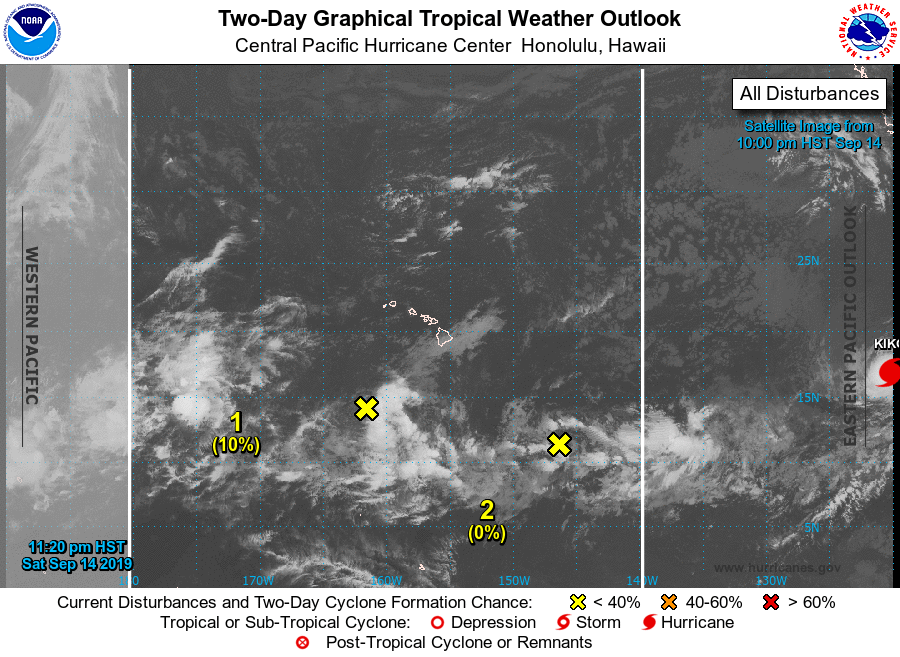
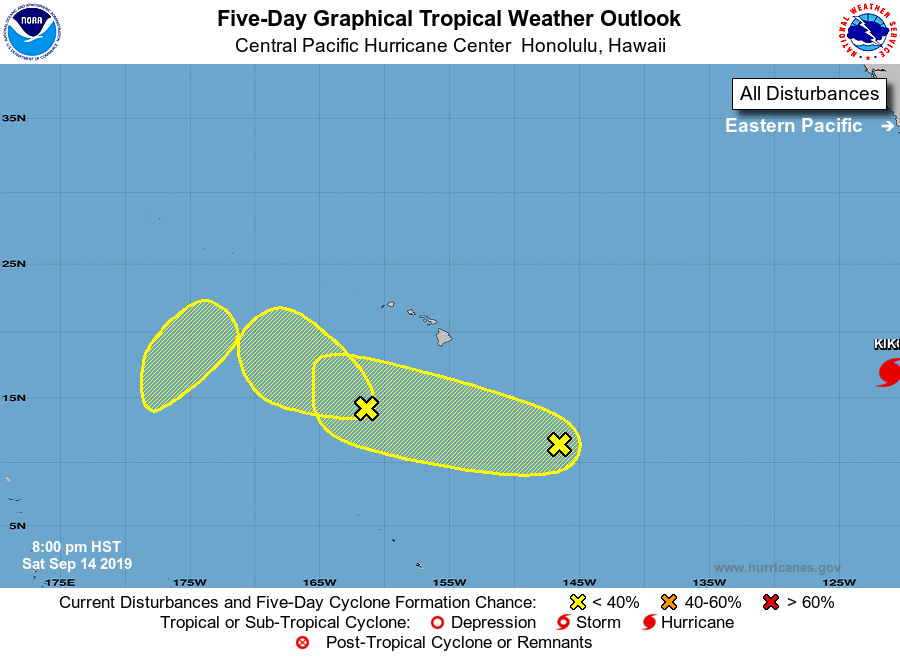
For the central North Pacific...between 140W and 180W:

1. An area of low pressure is centered 570 miles south-southwest of Honolulu, Hawaii. Some slow development of this system is possible during the next several days while the system moves slowly northwestward.
* Formation chance through 48 hours...low...10 percent.
* Formation chance through 5 days...low...20 percent.

2. An elongated area of disturbed weather is centered around 750 miles southeast of the Big Island of Hawaii. This disturbance remains disorganized. Slow development of this disturbance is possible during the next several days while the system moves slowly west-northwestward.
* Formation chance through 48 hours...low...near 0 percent.
* Formation chance through 5 days...low...20 percent.

3. An area of low pressure is forecast to develop far west of the main Hawaiian Islands near the dateline after 48 hours and move northeast. Development, if any, will be slow to occur.
* Formation chance through 48 hours...low...near 0 percent.
* Formation chance through 5 days...low...20 percent.

Elsewhere, no tropical cyclones are expected during the next 5 days.

Forecaster Lau